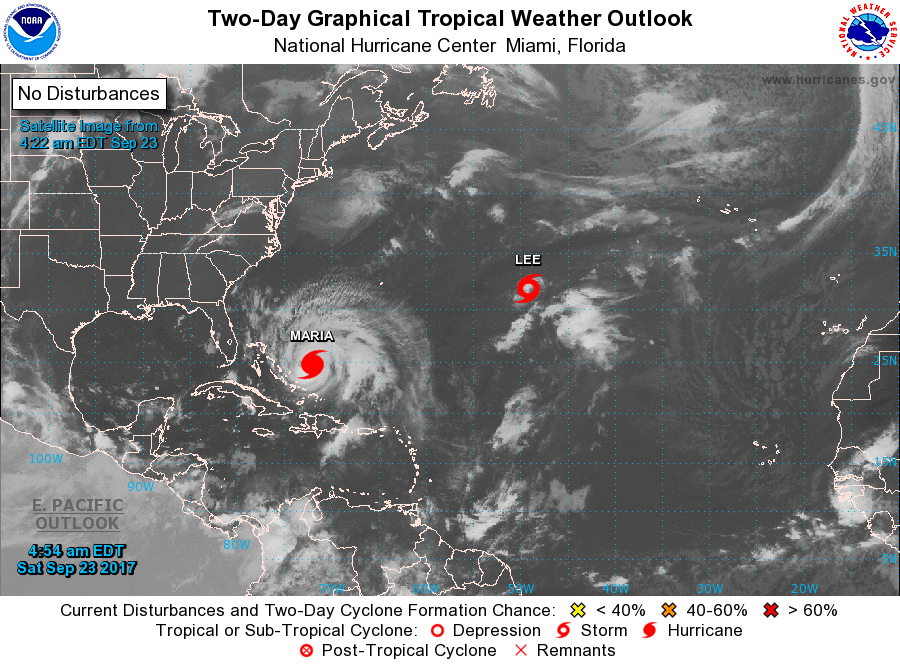
For the North Atlantic...Caribbean Sea and the Gulf of Mexico:

The National Hurricane Center is issuing advisories on Hurricane Maria, located a few hundred miles east of Nassau, and on recently upgraded Tropical Storm Lee, located over the central Atlantic Ocean.

Tropical cyclone formation is not expected during the next 5 days.

&&
Public Advisories on Lee are issued under WMO header WTNT34 KNHC and under AWIPS header MIATCPAT4. Forecast/Advisories on Lee are issued under WMO header WTNT24 KNHC and under AWIPS header MIATCMAT4.

Forecaster Zelinsky